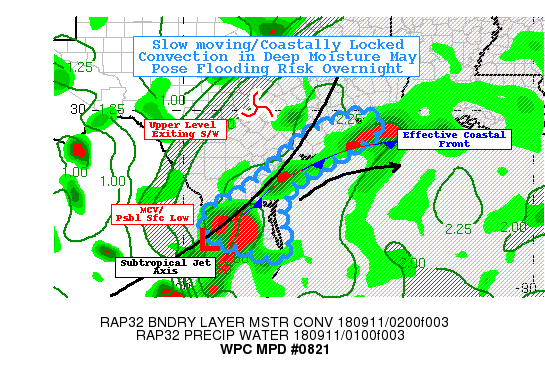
Areas affected...Deep South Texas and Texas Coastline....

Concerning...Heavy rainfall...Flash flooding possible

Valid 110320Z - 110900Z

SUMMARY...Slow moving, highly efficient convection near the coast
and stalled mid-level wave in Deep South Texas.

DISCUSSION...At the tail end of the large scale westerly trof, an
inverted low level trof and possible closed 850mb wave remains
across far Deep South Texas into Northeast Old Mexico.  Current
GOES-16 satellite suite suggests the MCV/wave is just south of the
Rio Grande near Rio Grande City, TX with maximized low level
moisture convergence to spark cycling moderate sized updrafts with
tops cooling occasionally to -70C.  WV suite, denotes the western
edge of the Subtropical jet from Central Nuevo Leon to across
Starr and paralleling the TX coast before angling north to an
exiting mid-level shortwave near Austin to College Station, TX.
Moisture remains pooled across Deep South TX, with total PWATs
near 2.5".  With freezing levels aoa 15Kft, warm cloud processes
similar to the past few days remain with scattered convection that
develops. Given weak inflow, cells have been maintained about 1-2
hours and with mean cell motions less than 10kts...localized
totals over 2-3" remain likely resulting in potential flash
flooding.

Later in the period, toward 05/06z, low level surface flow will
slightly increase with general confluence along the coast enhanced
by frictional convergence particularly near points/bays/coves that
will spark new development.  Upper level winds are weak, but
generally unidirectional to support slightly tilted updrafts
(downdrafts) for slightly downstream rainfall that should not
choke inflow...leading to persisent heavy rainfall and potential
flash flooding along the coast line from Kenedy county to
Galveston Bay.  HREF mean suggests greatest threat remains near
Baffin to Aransas Bay, though a few showers development can be
seen as far NW as Matagorda Bay.  Increase of 850mb flow toward
07z up to 15kts from the due south has the potential to reduce
coastal flash flooding, leading to propagation offshore after
07z...though shifts threat for best coastal convergence toward
Galveston.  Given repeat nature over past few days, soils have
become more saturated and susceptible to hydrophobic conditions
leading to greater flooding/inundation to occur.  As such flash
flooding/inundation is considered possible through 09z.